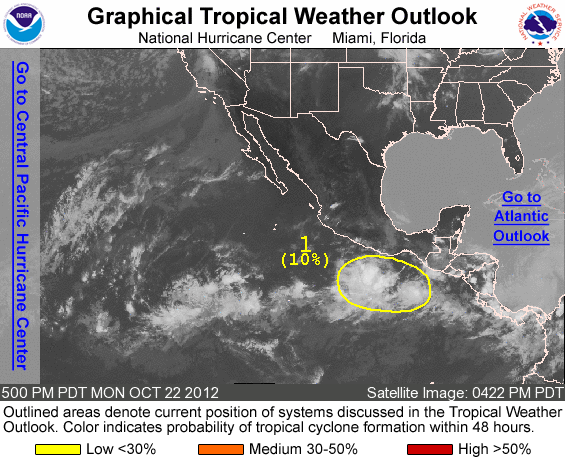
FOR THE EASTERN NORTH PACIFIC...EAST OF 140 DEGREES WEST LONGITUDE..

1. AN ELONGATED AREA OF LOW PRESSURE LOCATED A FEW HUNDRED MILES SOUTH-SOUTHWEST OF THE GULF OF TEHUANTEPEC IS PRODUCING DISORGANIZED SHOWERS AND THUNDERSTORMS. DEVELOPMENT...IF ANY...OF THIS DISTURBANCE IS EXPECTED TO BE SLOW TO OCCUR...AND IT HAS A LOW CHANCE...10 PERCENT...OF BECOMING A TROPICAL CYCLONE DURING THE NEXT 48 HOURS.

ELSEWHERE...TROPICAL CYCLONE FORMATION IS NOT EXPECTED DURING THE NEXT 48 HOURS.

FORECASTER CANGIALOSI